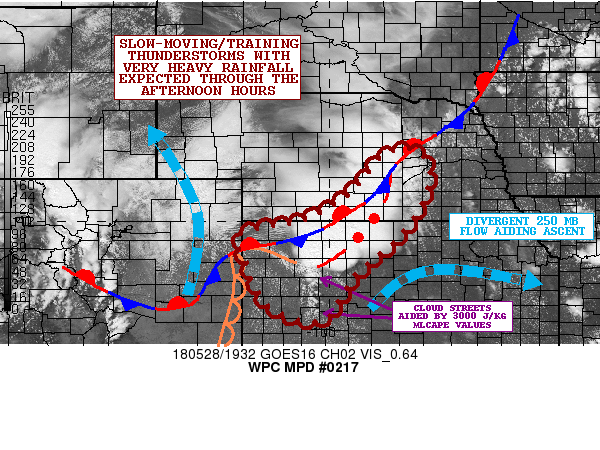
AREAS AFFECTED...NORTHWEST/NORTH-CENTRAL KS...SOUTH-CENTRAL NE

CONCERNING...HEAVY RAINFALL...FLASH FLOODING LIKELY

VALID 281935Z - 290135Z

SUMMARY...A VERY SLOW-MOVING AND TRAINING BAND OF CONVECTION HAS
BEEN SETTING UP OVER PORTIONS OF NORTH-CENTRAL KS AND ADJACENT
AREAS OF SOUTH-CENTRAL NE. FLASH FLOODING IS LIKELY AND COULD BE
LOCALLY SIGNIFICANT THROUGH THE AFTERNOON HOURS.

DISCUSSION...THE LATEST GOES-16 VISIBLE SATELLITE IMAGERY SHOWS AN
IMPRESSIVELY FOCUSED AREA OF CONVECTION THAT IS IMPACTING GRAHAM
AND PHILLIPS COUNTIES OF NORTHWEST TO NORTH-CENTRAL KS...AND THE
CONVECTION EXTENDS NORTHEAST UP ACROSS SOUTH-CENTRAL NE IN A
SOMEWHAT MORE BROKEN NATURE. CLOUD TOPS HAVE BEEN COOLING OVER THE
LAST HOUR AS STRONG SURFACE CONVERGENCE VIA COLLIDING OUTFLOW
BOUNDARIES AND PROXIMITY OF A SYNOPTIC FRONT ALL INTERACT WITH A
STRONGLY UNSTABLE BOUNDARY LAYER...WITH THE LATEST RAP ANALYSIS
DEPICTING MLCAPE VALUES OF 2500 TO 3000+ J/KG. SURFACE CLOUD
STREETS ARE NOTED IN VISIBLE IMAGERY THAT ARE ALIGNED WITH THE
NOSE OF THIS INSTABILITY AND ITS ENTRAINMENT INTO THE SOUTHWEST
FLANK OF THE CONVECTIVE AXIS.

ON THE LARGER SCALE...THE ACTIVITY IS AGAIN BEING FACILITATED BY A
PERSISTENT DEEP LAYER WARM ADVECTION PATTERN ACROSS THE CENTRAL
PLAINS AND IS COUPLING WITH NOTABLY DIVERGENT FLOW ALOFT COURTESY
OF A MODEST 250 MB JET COUPLET AROUND THE EASTERN FLANK OF A LARGE
SCALE TROUGH ACROSS THE INTERMOUNTAIN WEST WHICH IS FAVORING
RELATIVELY FOCUSED LARGE SCALE ASCENT.

GIVEN THE SET-UP WITH EXTREMELY FAVORABLE THERMODYNAMICS IN
PLACE...EXPECT VERY HEAVY RAINFALL POTENTIAL...AND ESPECIALLY WITH
PWATS OF NEAR 1.5 INCHES WHICH IS ABOUT 1 TO 2 SIGMAS ABOVE NORMAL
FOR THIS TIME OF THE YEAR. THERE WILL BE MULTIPLE LOW LEVEL
FORCING BOUNDARIES REMAINING PLACE...AND AS UPSTREAM HEIGHT
FALLS/TROUGHING APPROACHES THIS AFTERNOON...EXPECT ADDITIONAL
CONVECTIVE POTENTIAL EXPANDING ALONG THE NOSE OF BEST INSTABILITY
AND THE QUASI-STATIONARY FRONTAL ZONE OVER THE REGION WHICH WILL
INCLUDE NORTHWEST KS.

RAINFALL RATES OF 2 TO 3 INCHES/HR ARE EXPECTED WITH ADDITIONAL
STORM TOTAL POTENTIAL OF AS MUCH AS 4 TO 6 INCHES THROUGH 00Z.
FLASH FLOODING IS LIKELY.